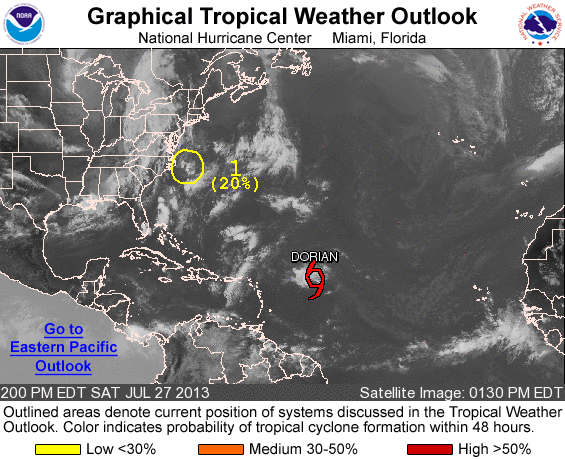
FOR THE NORTH ATLANTIC...CARIBBEAN SEA AND THE GULF OF MEXICO...

THE NATIONAL HURRICANE CENTER IS ISSUING ADVISORIES ON TROPICAL STORM DORIAN...LOCATED OVER THE TROPICAL ATLANTIC SEVERAL HUNDRED MILES EAST OF THE NORTHERN LEEWARD ISLANDS.

1. A NON-TROPICAL AREA OF LOW PRESSURE HAS FORMED ABOUT 100 MILES EAST OF THE NORTH CAROLINA OUTER BANKS. SIGNIFICANT DEVELOPMENT OF THIS SYSTEM IS UNLIKELY BEFORE IT MOVES OVER COLDER WATERS TOMORROW. THIS SYSTEM HAS A LOW CHANCE...20 PERCENT...OF BECOMING A TROPICAL CYCLONE DURING THE NEXT 48 HOURS WHILE IT MOVES GENERALLY TO THE NORTH-NORTHEAST AT 15 TO 20 MPH.

ELSEWHERE...TROPICAL CYCLONE FORMATION IS NOT EXPECTED DURING THE NEXT 48 HOURS.

FORECASTER BLAKE